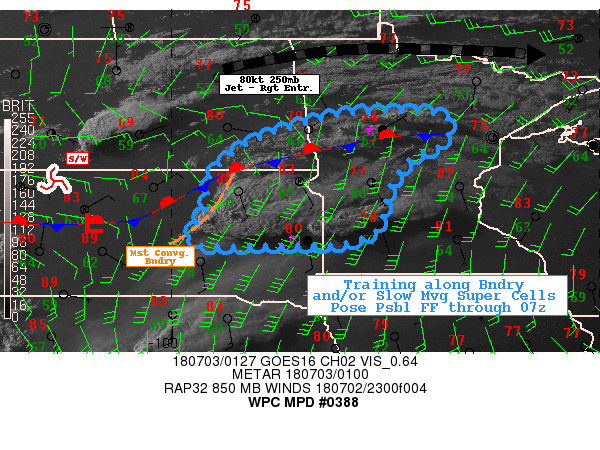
AREAS AFFECTED...SOUTHEAST ND...NORTHEAST SD...WEST CENTRAL MN

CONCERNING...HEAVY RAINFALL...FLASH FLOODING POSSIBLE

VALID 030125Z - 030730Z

SUMMARY...ENVIRONMENT FOR SOLID MOISTURE FLUX, TRAINING AND
BACKBUILDING LEADS TO  POSSIBLE FLASH FLOODING THROUGH THIS
EVENING/EARLY OVERNIGHT PERIOD.

DISCUSSION...GOES-WV SUITE DEPICTS A SMALL COMPACT SHORTWAVE
SHIFTING THROUGH NW SD WITH A NICELY ANTICYCLONICALLY CURVED JET
80KT 250MB JET ACROSS THE US/CANADIAN BOARDER WITH THE RIGHT
ENTRANCE REGION IN THE VICINITY OF THE AREA OF CONCERN IN SE ND/NE
SD AND WEST CENTRAL MN.  IN RESPONSE TO THE APPROACHING
SHORTWAVE...A WEAK SURFACE INFLECTION CAN BE ANALYZED ALONG THE
ND/SD BORDER WITH FAIRLY CONVERGENT LOW LEVEL FLOW ACROSS NE SD.
VISIBLE IMAGERY SHOWS THIS CONVERGENCE BAND WELL FROM THE
INFLECTION TOWARD THE NORTHEAST TOWARD CASS COUNTY MN...WHERE
SCATTERED ELEVATED CONVECTION IS CURRENTLY BLOSSOMING.  STILL VWP
NETWORK SHOWS LL SOUTHERLY FLOW OF 40KTS CONVERGING TO 20KT FROM
KFSD TO KABR. THESE ELEVATED CELLS ARE LIKELY TO CONTINUE TO
DEVELOP WITH THE INCREASED DPVA AS WELL AS STRENGTHENING UPPER
LEVEL JET OVER 90KTS OVER NIGHT. LOW LEVEL VEERING OF THE LLJ WILL
ALSO SUPPORT CONVERGENCE ALONG THE BAND BUT ALSO SUPPORT INCREASED
UNIDIRECTIONAL CLOUD BEARING FLOW ACROSS THE SD/ND BORDER INTO
WEST CENTRAL MN OVERNIGHT ALLOWING FOR A TRAINING ENVIRONMENT BUT
ALSO SUPPORT BACKBUILDING WITH THE UPGLIDE/ISENTROPIC ASCENT AFTER
DARK.  MOISTURE FLUX WILL SUPPORT TPWS TO INCREASE FROM THE 1.5"
VALUES OBSERVED ON THE 00Z ABR SOUNDING TOWARD THE 1.75"
INCREASING RAINFALL EFFICIENCY WITH RAIN RATES OF 1.75-2"/HR AND
2-4" POSSIBLE THROUGH 08Z.  THE LIMITING FACTOR WILL BE RELATED TO
SOUTHERN CONVECTION THAT HAS THE POTENTIAL TO ROB BEST
CONVERGENCE/MST FLUX...LEADING TO SOME UNCERTAINTY.  STILL
UPSTREAM DEVELOPMENT OVER CENTRAL ND NEARER THE S/W CENTER MAY
HELP TO OFFSET THIS REDUCTION OR FURTHER EXACERBATE THE POTENTIAL
FF RISK FROM 04-08Z.

AS FOR THE SOUTHERN CONVECTION... SFC AND VISIBLE IMAGERY ALSO
DELINEATE A N-S CONVERGENCE LINE FROM HUGHS/HYDE COUNTIES TO THE
INFLECTION IN BROWN COUNTY SD...A WEAK SW TURN HAS ALLOWED FOR
INCREASED SFC CONVERGENCE TO DEVELOP A GROWING CLUSTER OF CELLS
WHERE RADAR VELOCITIES DEPICT SOLID MESOCYCLONE ROTATION.  THESE
CELLS ALREADY SHOW A SLOWING TO THE MEAN FLOW AND BUNKERS RIGHT
MOVING PROPAGATION VALUES ARE IN THE 15KT RANGE ALLOWING FOR
COMPOUNDING RAIN TOTALS.  AS MENTION PRIOR...LLJ IS QUITE STRONG
INTERSECTING WITH THIS CONVECTION AND WITH SBCAPES IN THE
3000-3500 J/KG RANGE SUPPORT STRONG UPDRAFTS THAT MAY MANIPULATE
THE LOCAL ENVIRONMENT SUPPORTING SOME INCREASED LONGEVITY TO THE
CLUSTERS EVEN THOUGH BEST DYNAMICS REMAIN FURTHER NORTH.  STILL
SIMILAR MOISTURE ENVIRONMENT WITH MID-60S TDS AND 40KT UNABATED
FLUX WILL SUPPORT RAIN RATES OVER 2"/HR.  VISIBLE IMAGERY ALSO
DENOTES THAT THE CELLS ARE DEEP IN THE SMOKE LAYER FROM COLORADO
FIRES...AND WHILE TYPICALLY REDUCING CONVECTIVE
INITIATION/INSTABILITY THERE WILL BE INCREASED WARM CLOUD RAINFALL
EFFICIENCY FROM THE INGESTION OF NUMEROUS ADDITIONAL NUCLEATION
AGENTS FROM THE SMOKE...POTENTIALLY AS MUCH AS .5-1"/HR...FURTHER
SUGGESTING FLASH FLOODING RISK.